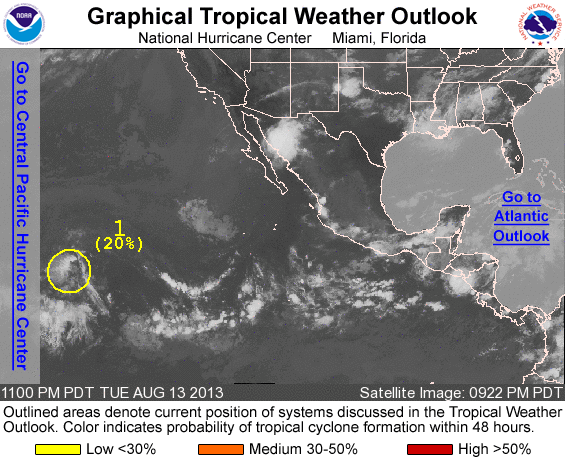
FOR THE EASTERN NORTH PACIFIC...EAST OF 140 DEGREES WEST LONGITUDE..

1. AN ELONGATED TROUGH OF LOW PRESSURE IS PRODUCING DISORGANIZED SHOWERS AND A FEW THUNDERSTORMS ABOUT 1200 MILES EAST-SOUTHEAST OF THE HAWAIIAN ISLANDS. ENVIRONMENTAL CONDITIONS ARE EXPECTED TO CONTINUE TO BECOME LESS CONDUCIVE FOR DEVELOPMENT DURING THE NEXT COUPLE OF DAYS. THIS SYSTEM HAS A LOW CHANCE...20 PERCENT...OF BECOMING A TROPICAL CYCLONE DURING THE NEXT 48 HOURS...AND A LOW CHANCE...20 PERCENT...OF BECOMING A TROPICAL CYCLONE DURING THE NEXT 5 DAYS WHILE IT MOVES WESTWARD AT ABOUT 15 MPH.

FIVE-DAY FORMATION PROBABILITIES ARE EXPERIMENTAL IN 2013. COMMENTS ON THE EXPERIMENTAL FORECASTS CAN BE PROVIDED AT...

HTTP://WWW.NWS.NOAA.GOV/SURVEY/NWS-SURVEY.PHP?CODE=ETWO

FORECASTER BERG